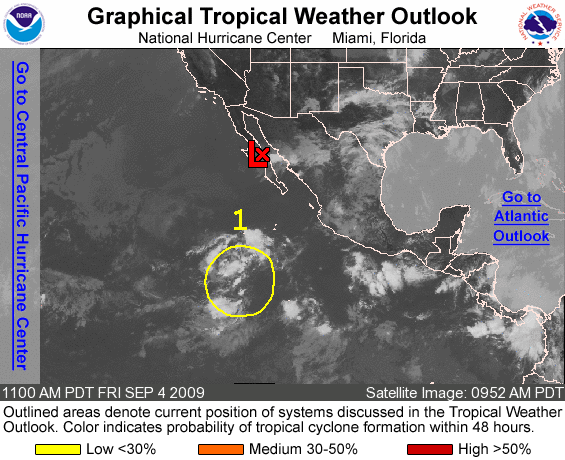
FOR THE EASTERN NORTH PACIFIC...EAST OF 140 DEGREES WEST LONGITUDE..

THE NATIONAL HURRICANE CENTER IS ISSUING ADVISORIES ON TROPICAL DEPRESSION JIMENA...LOCATED OVER THE GULF OF CALIFORNIA ABOUT 40 MILES NORTHEAST OF SANTA ROSALIA MEXICO.

1. SHOWER AND THUNDERSTORM ACTIVITY ASSOCIATED WITH A BROAD AREA OF LOW PRESSURE LOCATED ABOUT 700 MILES SOUTH-SOUTHWEST OF THE SOUTHERN TIP OF BAJA CALIFORNIA HAS BECOME LESS ORGANIZED DURING THE PAST SEVERAL HOURS. HOWEVER...UPPER-LEVEL WINDS ARE EXPECTED TO BECOME MORE FAVORABLE FOR DEVELOPMENT OF THIS SYSTEM DURING THE NEXT DAY OR SO AS IT MOVES WEST-NORTHWESTWARD AT ABOUT 10 MPH. THERE IS A LOW CHANCE...LESS THAN 30 PERCENT...OF THIS SYSTEM BECOMING A TROPICAL CYCLONE DURING THE NEXT 48 HOURS.

ELSEWHERE...TROPICAL CYCLONE FORMATION IS NOT EXPECTED DURING THE NEXT 48 HOURS.

FORECASTER BLAKE